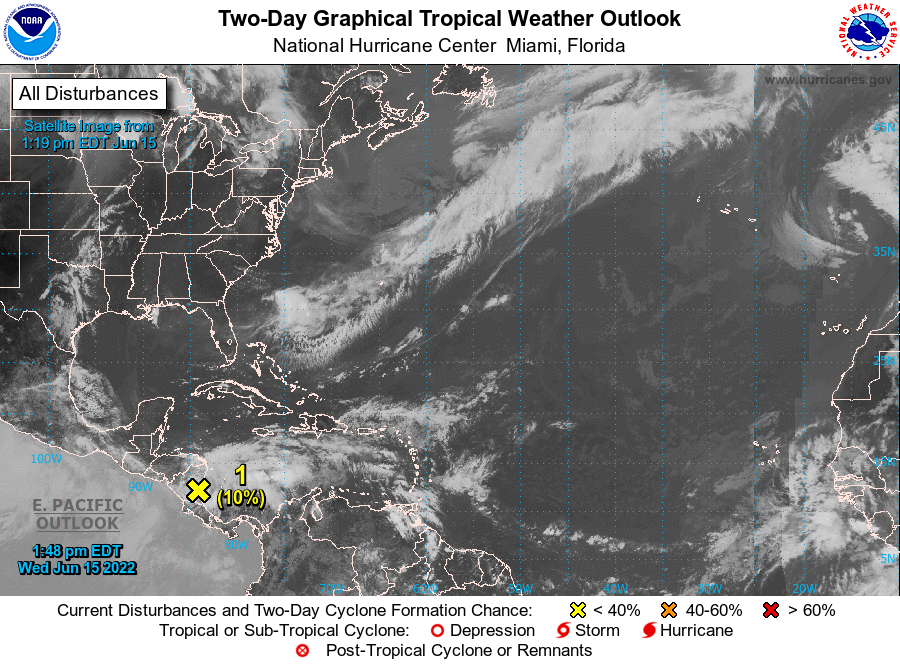
For the North Atlantic...Caribbean Sea and the Gulf of Mexico:

1. Southwestern Caribbean Sea: An area of low pressure located inland over eastern Nicaragua is accompanied by a disorganized area of showers and thunderstorms. Additional development is unlikely during the next day or so while the low remains inland. The system is forecast to move slowly northwestward and could emerge over the Gulf of Honduras where some development is possible on Friday. Some development is also possible over the southern Bay of Campeche by early next week. Regardless of development, locally heavy rainfall is possible over Nicaragua, Honduras, Belize, and southeastern Mexico through the weekend.
* Formation chance through 48 hours...low...10 percent.
* Formation chance through 5 days...low...20 percent.

Forecaster Hagen/Papin/Brown